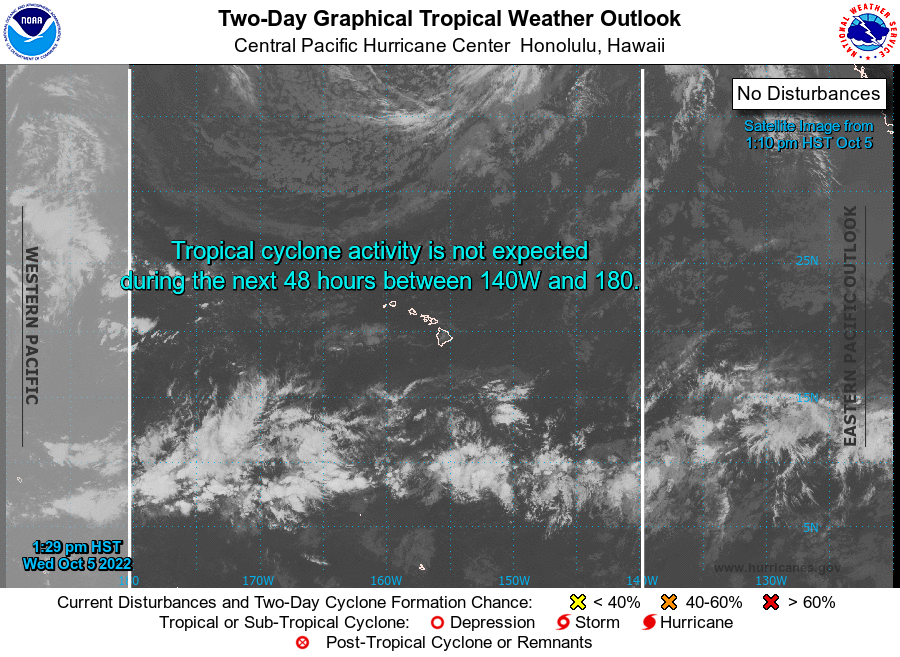
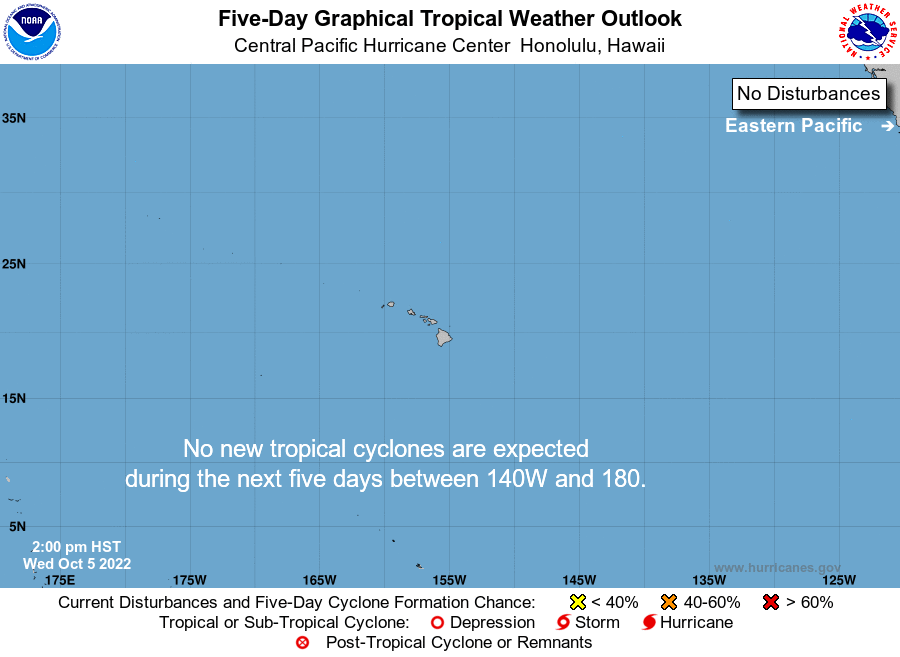
For the central North Pacific...between 140W and 180W:

No tropical cyclones are expected during the next 5 days.

Forecaster Wroe